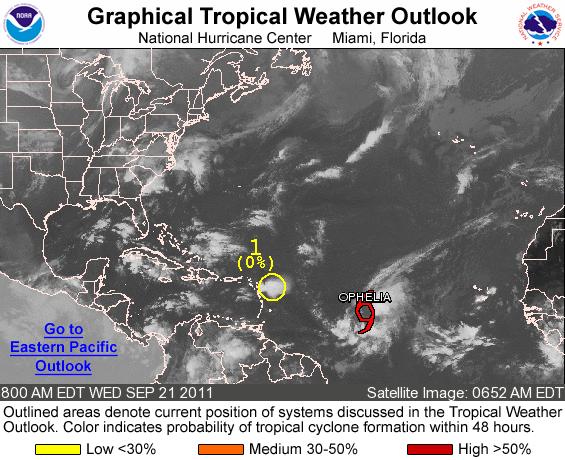
FOR THE NORTH ATLANTIC...CARIBBEAN SEA AND THE GULF OF MEXICO...

THE NATIONAL HURRICANE CENTER IS ISSUING ADVISORIES ON TROPICAL STORM OPHELIA...LOCATED ABOUT 1370 MILES EAST OF THE LEEWARD ISLANDS.

1. A SMALL AREA OF LOW PRESSURE LOCATED JUST EAST OF THE NORTHERN LEEWARD ISLANDS CONTINUES TO PRODUCE DISORGANIZED SHOWERS AND THUNDERSTORMS. ALTHOUGH DEVELOPMENT OF THIS SYSTEM IS NOT EXPECTED...THIS LOW COULD BRING A BRIEF PERIOD OF HEAVY RAINFALL AND GUSTY WINDS TO PORTIONS OF THE NORTHERN LEEWARD ISLANDS TODAY AS IT MOVES WESTWARD AT 15 TO 20 MPH. THIS SYSTEM HAS A LOW CHANCE...NEAR 0 PERCENT...OF BECOMING A TROPICAL CYCLONE DURING THE NEXT 48 HOURS.

ELSEWHERE...TROPICAL CYCLONE FORMATION IS NOT EXPECTED DURING THE NEXT 48 HOURS.

PUBLIC ADVISORIES ON OPHELIA ARE ISSUED UNDER WMO HEADER WTNT31 KNHC AND UNDER AWIPS HEADER MIATCPAT1. FORECAST/ADVISORIES ON OPHELIA ARE ISSUED UNDER WMO HEADER WTNT21 KNHC AND UNDER AWIPS HEADER MIATCMAT1.

FORECASTER CANGIALOSI